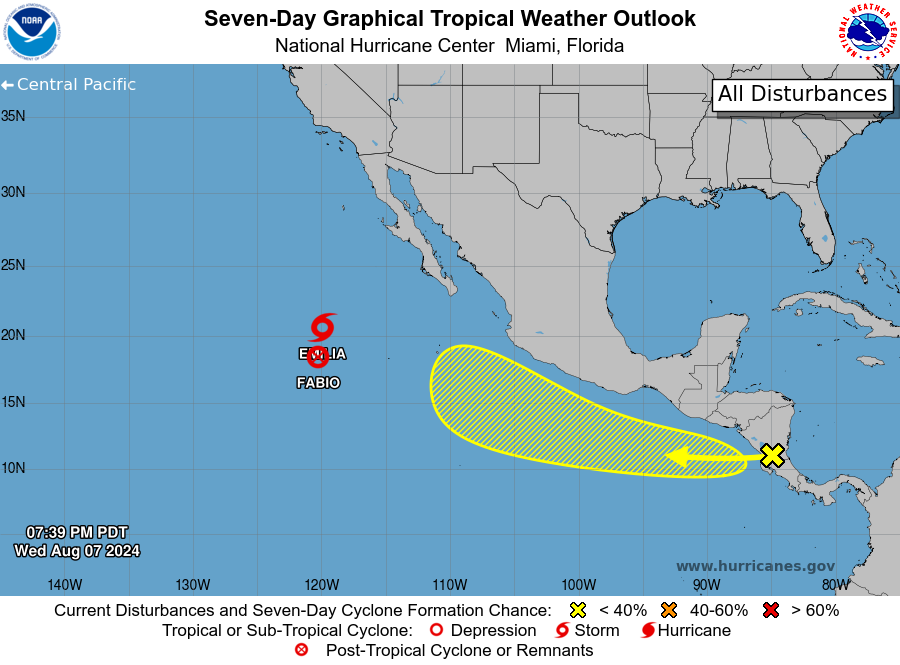
For the eastern North Pacific...east of 140 degrees west longitude:

Active Systems: The National Hurricane Center is issuing advisories on Tropical Storm Emilia, located several hundred miles southwest of the southern tip of the Baja California peninsula, and has issued the last advisory on Post-Tropical Cyclone Fabio.

1. South of Central America and Southern Mexico: A tropical wave currently moving over Central America is expected to emerge into the far eastern portion of the East Pacific sometime on Thursday. Environmental conditions appear generally favorable for gradual development of the system thereafter as the system moves west-northwestward at 15 to 20 mph, parallel to the coast of Mexico.
* Formation chance through 48 hours...low...near 0 percent.
* Formation chance through 7 days...low...20 percent.

Forecaster Papin